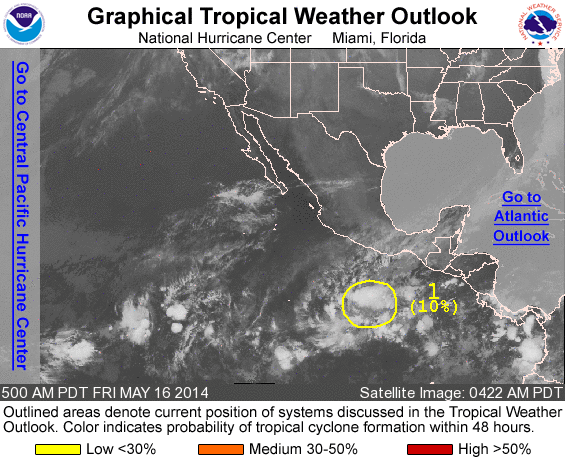
For the eastern North Pacific...east of 140 degrees west longitude:

Systems with the potential to become a tropical cycone during the next 48 hours.

1. An area of disturbed weather has formed several hundred miles south of Acapulco Mexico. Environmental conditions could become a little more conducive for development during the next few days while the system moves westward to west-northwestward.
* Formation chance through 48 hours...low...10 percent
* Formation chance through 5 days...low...20 percent

Forecaster Brown